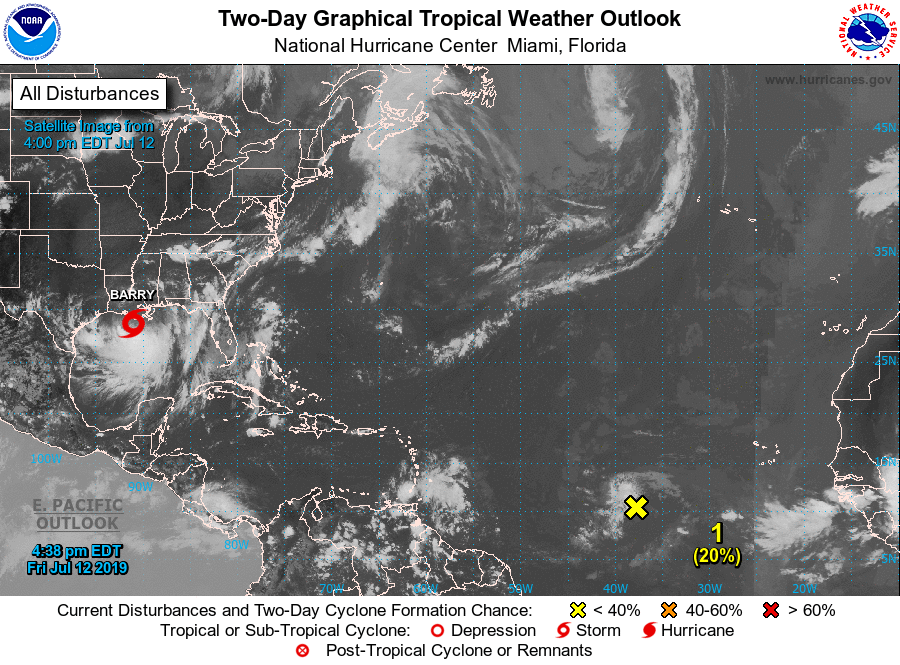
For the North Atlantic...Caribbean Sea and the Gulf of Mexico:

The National Hurricane Center is issuing advisories on Tropical Storm Barry, located about 100 miles south of the Louisiana coast.

1. A small area of persistent shower and thunderstorm activity associated with a tropical wave is centered about 1000 miles west-southwest of the Cabo Verde Islands. Some development of the wave is possible during the next day or so while it moves westward at 15 to 20 mph. Environmental conditions are expected to become unfavorable for development by Sunday.
* Formation chance through 48 hours...low...20 percent.
* Formation chance through 5 days...low...20 percent.

Forecaster Zelinsky